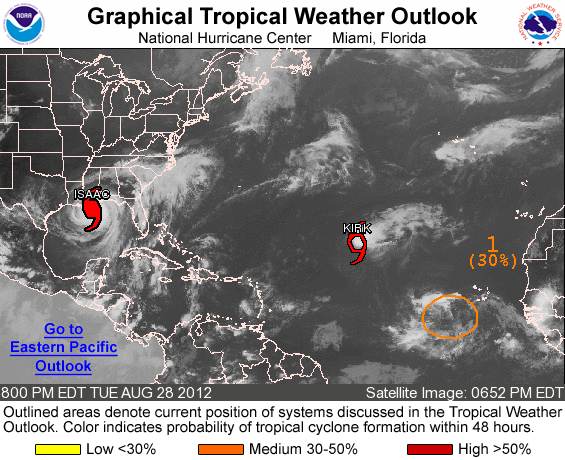
FOR THE NORTH ATLANTIC...CARIBBEAN SEA AND THE GULF OF MEXICO...

THE NATIONAL HURRICANE CENTER IS ISSUING ADVISORIES ON HURRICANE ISAAC...LOCATED NEAR THE MOUTH OF THE MISSISSIPPI RIVER AND ON TROPICAL DEPRESSION ELEVEN...LOCATED ABOUT 1400 MILES SOUTHWEST OF THE AZORES.

1. A BROAD LOW PRESSURE AREA ASSOCIATED WITH A TROPICAL WAVE IS LOCATED ABOUT 400 MILES WEST-SOUTHWEST OF THE CAPE VERDE ISLANDS. THIS DISTURBANCE HAS GRADUALLY BECOME BETTER ORGANIZED TODAY...AND ENVIRONMENTAL CONDITIONS ARE EXPECTED TO BE CONDUCIVE FOR SLOW DEVELOPMENT DURING THE NEXT COUPLE OF DAYS. THIS SYSTEM HAS A MEDIUM CHANCE...30 PERCENT...OF BECOMING A TROPICAL CYCLONE DURING THE NEXT 48 HOURS AS IT MOVES WESTWARD ABOUT 15 MPH.

ELSEWHERE...TROPICAL CYCLONE FORMATION IS NOT EXPECTED DURING THE NEXT 48 HOURS.

&&
PUBLIC ADVISORIES ON TROPICAL DEPRESSION ELEVEN ARE ISSUED UNDER WMO HEADER WTNT31 KNHC AND UNDER AWIPS HEADER MIATCPAT1. FORECAST/ADVISORIES ON TROPICAL DEPRESSION ELEVEN ARE ISSUED UNDER WMO HEADER WTNT21 KNHC AND UNDER AWIPS HEADER MIATCMAT1.

FORECASTER KIMBERLAIN